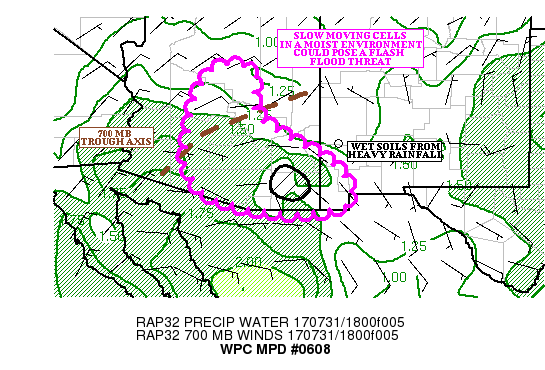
AREAS AFFECTED...PORTIONS OF CENTRAL AND SOUTHERN AZ

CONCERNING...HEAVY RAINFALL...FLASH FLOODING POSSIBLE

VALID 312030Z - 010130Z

SUMMARY...SLOW MOVING CELLS...INITIALLY TIED TO THE
TERRAIN...COULD POSE A FLASH FLOOD THREAT IN A HIGH MOISTURE
ENVIRONMENT THROUGH THE AFTERNOON HOURS.

DISCUSSION...REGIONAL RADARS ACROSS SOUTHEAST AND CENTRAL AZ SHOW
CONVECTION DEVELOPING..AS THE LOW LEVEL CIN IS ERODED. AS HAS BEEN
THE CASE THE PAST FEW DAYS... THE CONVECTION IS INITIATING ACROSS
THE HIGHER TERRAIN. WITH MLCAPE VALUES BETWEEN 1500-2000 J/KG
ACROSS SOUTHERN AZ...THE CONVECTIVE COVERAGE IS EXPECTED TO
INCREASE WITH TIME.

PRECIPITABLE WATER VALUES VARY ACROSS SOUTHERN AZ FROM 1.50 OVER
SOUTHEAST AZ TO NEAR 2.00 INCHED ACROSS SOUTHWEST AZ (AS INDICATED
ON 12Z SOUNDINGS OVER THE REGION)....AND THE FIRST ROUND OF STORMS
HAVE PRODUCED HOURLY RAINFALL RATES BETWEEN 1.00 AND 1.50 INCHES
OVER SOUTHERN APACHE COUNTY AZ. 850-300 MB MEAN WIND SPEEDS ARE
LESS THAN 10 KNOTS ACROSS MUCH OF SOUTHERN AZ...AND THE
COMBINATION OF HIGH RAINFALL RATES IN AN ENVIRONMENT OF SLOW CELL
MOTION COULD RESULT IN LOCAL 2.00+ INCHES OF RAINFALL...ESPECIALLY
ACROSS THE HIGHER TERRAIN OF SOUTHEAST AZ. THESE VALUES ARE
CORROBORATED BY THE 12Z WRF ARW...AS WELL AS THE MOST RECENT HRRR
SOLUTION.

PORTIONS OF SOUTHEAST AZ HAS RECEIVED ROUNDS OF HEAVY RAINFALL THE
PAST TWO AFTERNOON/EVENINGS...AND ANY CONVECTION IS THIS AREA
COULD POSE AN ENHANCED FLASH FLOOD THREAT. WHILE THE ACTIVITY MAY
NOT BE MORE THAN SCATTERED AT THE TIME OF PEAKING HEATING...SLOW
CELL MOTIONS IN A HIGH MOISTURE ENVIRONMENT WILL POSE A FLASH
FLOOD THREAT THROUGH THE AFTERNOON HOURS.